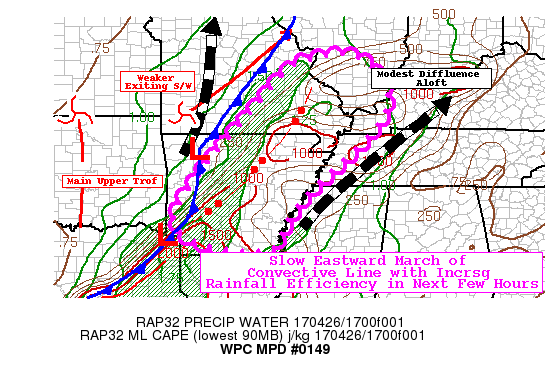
AREAS AFFECTED...AR...SOUTHEAST MO...SOUTHERN IL...EXT WESTERN
KY...EXT NORTHWEST TN

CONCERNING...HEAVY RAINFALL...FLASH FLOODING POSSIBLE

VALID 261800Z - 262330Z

SUMMARY...SLOW EASTWARD PROGRESSING LINE WILL UPTICK IN
INTENSITY/EFFICIENCY TOWARD LATE AFTERNOON EARLY EVENING
CONTINUING POSSIBLE FLASH FLOODING THREAT.

DISCUSSION...CURRENT GOES-E AND RADAR MOSAIC DENOTE A CLASSIC
LINEAR SQUALL LINE ADVANCING EASTWARD AHEAD OF WEAKLY DIFFLUENT
UPPER LEVEL PATTERN WITH SHORTWAVE TURNING THE CORNER OF THE BASE
OF THE TROF STARTING TO LIFT NORTHEAST ACROSS N AR INTO S CENTRAL
MO.  THIS SETUP HAS LEAD TO A FAIRLY STRONG UNIDIRECTIONAL DEEP
SWLY FLOW THAT IS NEARLY PARALLEL TO THE CONVECTIVE LINE.  THIS
SUPPORTS CELLS TO TRACK NORTHEAST WITHIN THE LINE AS IT SLOWLY
ADVANCES WITH SOME CORES OCCASIONALLY TRACKING OVER THE SAME AREAS
POSING THE GREATEST THREAT FOR ISOLATED HIGHER TOTALS AND LEADING
TO FLASH FLOODING CONCERNS.  500-1000MB THICKNESS ANALYSIS SHOWS
NARROW AMPLIFIED RIDGING SUGGESTING VERY SLOW EASTWARD ADVANCEMENT
OF THE LINE PARTICULARLY FURTHER SOUTH IN S AR/N LA/NE TX ATTM
WHERE ASSOCIATED C-VECTORS ARE AROUND 5 KTS E OR EVEN SE.   STILL
MODEST SOUTHEASTERLY SFC FLOW AND NARROW CHANNEL OF MODEST
INSTABILITY 500-1000 NORTH CENTAL AR TO SE MO AND 1500-2000 J/KG S
AR ALLOWS FOR THE SLOW BUT STEADY EASTWARD MARCH OF THE LINE.
ADDITIONALLY...THIS CHANNEL IS FAIRLY MOIST THROUGH THE CLOUD
BEARING/RAINFALL GENERATION LAYERS WITH TPWS OF 1.4" NORTH TO
1.75" SOUTH...LEADING TO RAIN RATES OF 1.25-1.5"/HR CURRENTLY WITH
STRONGEST CELLS ALONG THE LINE...PARTICULARLY FURTHER SOUTH TOWARD
MOISTURE/INSTABILITY MAXIMA.

GOES-E VISIBLE SHOWS SOME BREAKS IN THE CLOUDS ALLOWING FOR SOME
PEAK HEATING/SOLAR INSOLATION TO HELP INCREASE INSTABILITY.  STILL
THE MAIN INCREASE WILL BE DRIVEN BY THE MAIN SHORTWAVE PRESSES
EAST TIGHTENING THE FLOW...STRENGTHENING LOW LEVEL SWLY FLOW AHEAD
OF THE LINE FROM 30KTS TO 50KTS AT 850MB AND ADVECTING BETTER
MOISTURE AND LOW LEVEL WAA TO FEED AND ENHANCE THE CONVECTIVE LINE
OVER THE NEXT 2-3 HRS ACROSS CENTRAL AR.  ADDITIONALLY AS THE
WEAKER LEAD SHORTWAVE LIFTS NORTHEAST THROUGH S MO INTO S
IL...THIS SHOULD SUPPORT A WEAK STALLING OF FORWARD PROGRESSION
(ISALLOBARIC BACKING IN RESPONSE TO THE S/W PASSAGE) ALONG THE
LINE ACROSS SE MO/S IL AS WELL AS ALLOWING FOR FURTHER WESTWARD
EXPANSION OF THE POST-CONVECTIVE LINE MCS CLOUD SHIELD PROVIDING
LONGER DURATION MODERATE RAINFALL (.5-.75"/HR) COMPENSATING FOR
THE SLIGHTLY LESS EFFICIENT CONVECTIVE CORES WITH NORTHWARD
LIMITATION OF GREATER INSTABILITY/MOISTURE.

GIVEN ALL FACTORS...THERE SHOULD BE A FAIRLY LARGE SWATH OF 2-3"
TOTALS ACROSS THE AREA OF CONCERN WITH EMBEDDED HIGHER TOTALS
POSSIBLE PARTICULARLY ACROSS CENTRAL TO NE AR WHERE BEST ALIGNMENT
OF ALL ENVIRONMENTAL PARAMETERS MAY SETUP.  STILL 3HR FFG VALUES
SEEM TO MATCH THE DIFFERENCES IN EXPECTED RAINFALL MAGNITUDES WITH
 2-2.5" FURTHER NORTH IN SE MO/S IL TRENDING TO 2.5-3.5" ACROSS S
AR.

GREATEST UNCERTAINTY OF TOTAL RAINFALL MAGNITUDES ALSO MATCH UP
WITH THE STEADILY INCREASING FFG VALUES ACROSS S AR INTO NE TX/N
LA AND AS SUCH WILL NOT INCLUDE BUT BASED ON SOME POTENTIAL FOR
CONVECTION/CONVECTIVE LINE TO BE ORIENTED MORE PERPENDICULAR TO
THE INFLOW SUPPORTING GREATER FLUX/RATES AND TRAINING.  WILL
CONTINUE TO MONITOR THIS AREA FOR A MPD LATER IF
CONDITIONS/GROWING SIGNAL FOR FF  WARRANT.